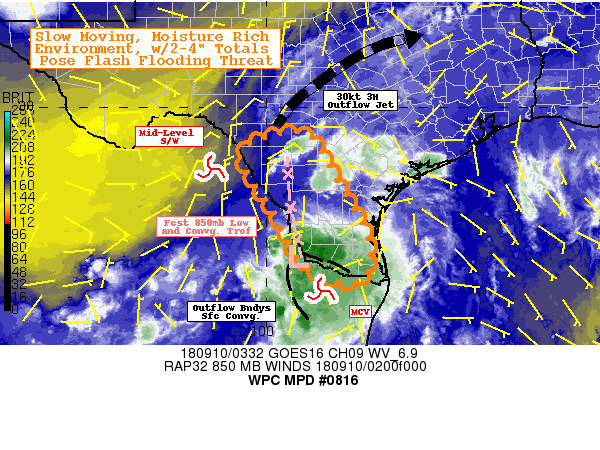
Areas affected...South Texas...

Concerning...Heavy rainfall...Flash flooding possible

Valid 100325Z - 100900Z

SUMMARY...Slow moving, moisture rich cells continue to pose flash
flooding risk with further development expected later overnight.

DISCUSSION...Current mesoanalysis/RADAR Mosaic and GOES-16 WV/IR
suite depict a mature MCV from earlier thunderstorm cluster south
of the Rio Grande has sharpened some surface boundaries along the
northwest and northern quadrants providing solid moisture
convergence to develop new cells.  Enhanced ESEly low level flow
is confluent but also provides moderate moisture flux with 850mb
Tds in the 16C range and mean mixing ratios near 17-18C.  Based on
blended TPWs/GPS network available moisture is about 2.25"-2.4"
across much of South Texas.   Given proximity to MCV and slight
westward tilt from 850mb center near LRD and 5H vort center over
the northern Sierra Madre, mean cloud bearing flow is very weak
and downstream (to the east) from the updraft cores pressing
eastward toward the convergence lines.  This will provide a
broader area for prolonged or areal coverage of heavy rainfall
across S Zapata into S Starr county.

Later this evening, as the boundary layer further decouples, low
level easterly flow becomes less chaotic and supports 10-15kts of
flow off the Gulf and generally convergent along the 99th meridian
at the apex of the 850mb trof.  Multiple Hi-Res CAM signals
suggest a 6-7z initiation for which will be slow moving and
suggest WNW propagation toward saturated areas of Zavala and
LaSalle counties.  Rates of 2"/hr and slow motions suggest
additional totals of 2-4" are likely presenting additional flash
flooding threat further north though continued convergence toward
the 850mb continues through 07-08z in Deep South TX.